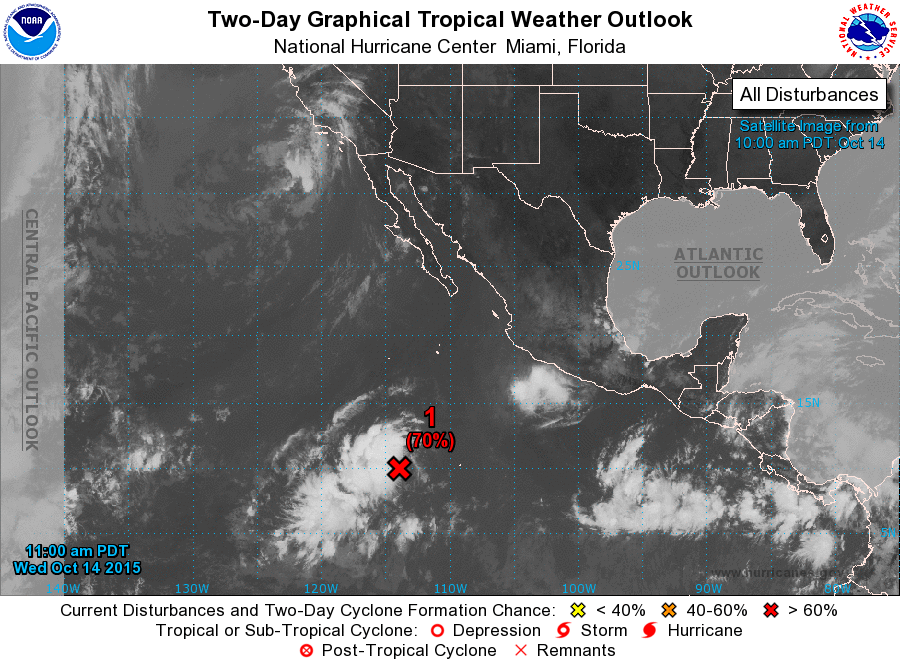
For the eastern North Pacific...east of 140 degrees west longitude:

1. Showers and thunderstorms associated with an area of low pressure located about 925 miles south-southwest of the southern tip of the Baja California peninsula are beginning to show signs of organization. Environmental conditions are expected to be conducive for additional development and a tropical depression is expected to form during the next couple of days while this system moves westward at 10 to 15 mph.
* Formation chance through 48 hours...high...70 percent
* Formation chance through 5 days...high...90 percent

2. An area of low pressure area is expected to form several hundred miles south-southeast of the Gulf of Tehuantepec during the weekend. Some gradual development of this system is possible early next week while it moves slowly northwestward.
* Formation chance through 48 hours...low...near 0 percent
* Formation chance through 5 days...low...20 percent

Forecaster Brown